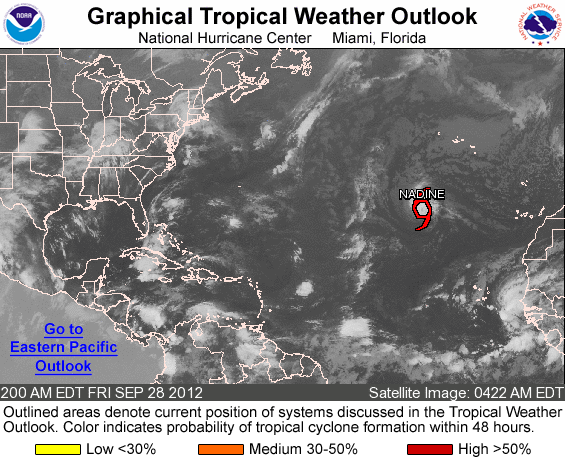
FOR THE NORTH ATLANTIC...CARIBBEAN SEA AND THE GULF OF MEXICO...

THE NATIONAL HURRICANE CENTER IS ISSUING ADVISORIES ON TROPICAL STORM NADINE...LOCATED ABOUT 740 MILES SOUTH-SOUTHWEST OF THE AZORES.

ELSEWHERE...TROPICAL CYCLONE FORMATION IS NOT EXPECTED DURING THE NEXT 48 HOURS.

FORECASTER BLAKE